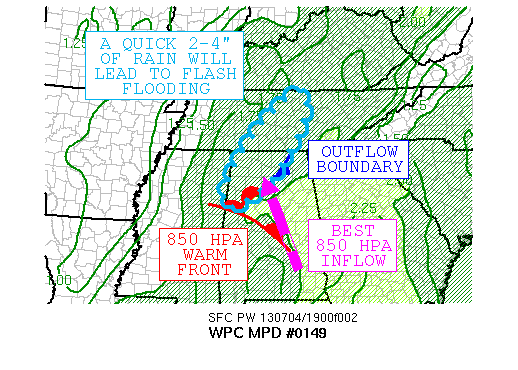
AREAS AFFECTED...NORTHWEST AL...CENTRAL TN

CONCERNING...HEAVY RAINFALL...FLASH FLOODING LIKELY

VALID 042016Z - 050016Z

SUMMARY...HEAVY RAINFALL OVER THE PAST SEVERAL HOURS HAS LOWERED
FLASH FLOOD GUIDANCE VALUES SIGNIFICANTLY ACROSS THE REGION.  WITH
ANOTHER 2-4 INCHES OF RAIN POSSIBLE IN THE NEXT FEW HOURS, FLASH
FLOODING IS LIKELY IN NORTHWEST AL AND CENTRAL TN.

DISCUSSION...A WEAK SURFACE LOW EXISTS SOUTH OF SOUTHERN AL, AND A
RELATED SURFACE TROUGH EXTENDS NORTH-NORTHWEST NEAR THE AL/MS
BORDER, WHILE AN OUTFLOW BOUNDARY ACROSS NORTHWEST AL FROM EARLIER
CONVECTIVE ACTIVITY AND A NORTHWARD-MOVING BOUNDARY AT THE 850 HPA
LEVEL ARE ACTING AS THE DRIVING FORCE FOR NEW CONVECTION.  INFLOW
INTO THE REGION AT 850 HPA IS AROUND 35 KNOTS PER VAD WIND
PROFILES IN THE REGION, AND CAPE VALUES ARE IN THE 1000-1500 J/KG
RANGE  PRECIPITABLE WATER VALUES IN THE AREA ARE AROUND TWO
INCHES.  BROAD DIVERGENCE EXISTS ALOFT TO THE EAST OF A SLOWLY
RETROGRADING UPPER-LEVEL TROUGH.

SINCE 1915Z, CONVECTION ACROSS NORTHWEST ALABAMA HAS INTENSIFIED
ALONG ITS SOUTHWEST PERIPHERY, LIKELY DUE TO INCREASING CAPES NEAR
THE AL/MS BORDER.  WITH TIME, A WEAK SURFACE LOW IS EXPECTED TO
MOVE UP THE SURFACE TROUGH, UP TO THE CENTRAL MS/AL BORDER BY 00Z.
 THIS WILL LEAD TO A STRENGTHENING OF THE LOW-LEVEL INFLOW INTO
THE OUTFLOW BOUNDARY WHILE ITS ORIENTATION BECOMES MORE
SOUTH-NORTH ORIENTED, POSSIBLY UP TO 50 KNOTS, AND EXTEND THE
HEAVIEST RAINFALL RATES NORTHEAST ACROSS CENTRAL TN.  CORFIDI
VECTORS ARE LIGHT, AND ALONG THE AXIS OF THIS CONVECTIVE LINE.
FLASH FLOOD GUIDANCE VALUES ARE REGIONALLY DOWN TO NEAR OR BELOW
1.5 INCHES IN THREE HOURS, AND 2-4 INCHES OF RAINFALL IS EXPECTED
IN THE NEXT FEW HOURS.  AS SUCH, FLASH FLOODING IS CONSIDERED
LIKELY ACROSS THE REGION INTO THIS EVENING.